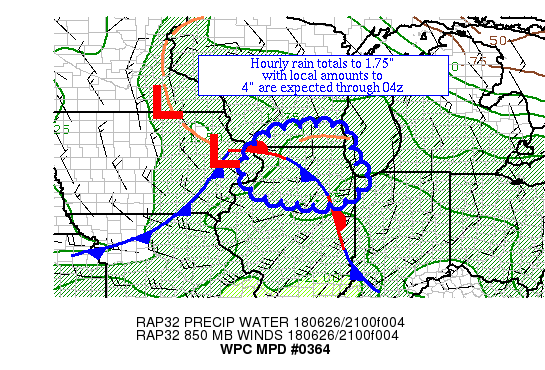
AREAS AFFECTED...PORTIONS OF SOUTHERN WI/NORTHERN IL

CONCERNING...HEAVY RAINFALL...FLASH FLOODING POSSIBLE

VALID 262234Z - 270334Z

SUMMARY...THUNDERSTORMS ARE SLOWLY INCREASING IN COVERAGE NEAR THE
IL/WI BORDER.  HOURLY RAIN TOTALS TO 1.75" WITH LOCAL AMOUNTS OF
4" ARE POSSIBLE THROUGH 04Z.

DISCUSSION...THUNDERSTORMS ARE SHOWING A TENDENCY TOWARDS
CONSOLIDATING NEAR THE WI/IL BORDER AHEAD OF A DEEP LAYER LOW NEAR
ITS ASSOCIATED STATIONARY FRONT.  PRECIPITABLE WATER VALUES ARE
1.4-1.7" PER GPS VALUES.  INFLOW AT 850 HPA IS CONVERGENT OUT OF
THE SOUTHWEST AT 20-30 KTS PER VAD WIND PROFILES.  ML CAPE VALUES
HAVE BEEN SLOWLY RISING DUE TO INSOLATION GETTING THROUGH THIN
HIGH CLOUDS FROM ACTIVITY DOWN SOUTH, WITH 1000-2000 J/KG EXISTS
HERE, ALONG WITH EFFECTIVE BULK SHEAR OF 25-30 KTS.  SINCE THIS IS
A DEEP LAYER CYCLONE, THE FLOW IS CYCLONIC AND UNIDIRECTIONAL WITH
HEIGHT.

THE GUIDANCE SUPPORTS SOME ADDITIONAL RAMP UP OF CONVECTION OVER
THE NEXT 3-6 HOURS, WHICH SHOULD ATTEMPT TO TAKE ON A CURVE BAND
STRUCTURE AND SHOW SOME TRAINING.  INSTABILITY SHOULD PEAK DURING
THE NEXT COUPLE HOURS BEFORE CLOUDS ATTEMPT TO THICKEN FROM THE
SOUTH AND THE SUN SETS.  THE 18Z HREF PROBABILITIES OF 1"+ AN HOUR
SUGGEST SOME FADING AFTER 01Z, WHILE THE 12Z SSEO NEIGHBORHOOD
PROBABILITIES OF EXCEEDING THE RELATIVELY LOW THREE HOURLY FLASH
FLOOD GUIDANCE VALUES SUGGEST A DECENT SIZED AREA OF 50%+ CHANCE
OF EXCEEDANCE THROUGH 03Z BEFORE FADING THEREAFTER.  OF SOME
CONCERN IS THE SURFACE BASED CONVECTION WHICH COULD ELEVATE
SOMEWHAT NORTHWARD/APPEAR STATIONARY AROUND THE TIME CIN SETS IN
IN THE 02-04Z TIME FRAME.  THE GUIDANCE SHOWS A CONSISTENT SIGNAL
FOR LOCAL AMOUNTS IN THE 3-4" RANGE BETWEEN MILWAUKEE AND CHICAGO,
WHICH COULD PROVE PROBLEMATIC GIVEN RAINFALL OF 200-400% OF NORMAL
DURING THE PAST COUPLE WEEKS AND THE URBANIZATION IN THOSE AREAS.